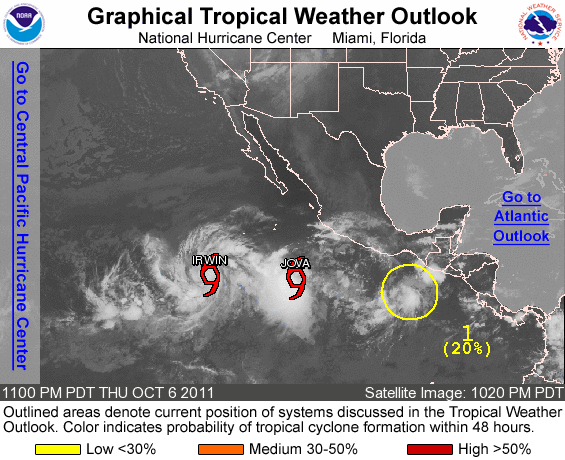
FOR THE EASTERN NORTH PACIFIC...EAST OF 140 DEGREES WEST LONGITUDE..

THE NATIONAL HURRICANE CENTER IS ISSUING ADVISORIES ON TROPICAL STORM JOVA...LOCATED ABOUT 490 MILES SOUTH-SOUTHWEST OF MANZANILLO MEXICO...AND ON TROPICAL STORM IRWIN...LOCATED ABOUT 885 MILES SOUTHWEST OF THE SOUTHERN TIP OF BAJA CALIFORNIA.

1. AN AREA OF DISTURBED WEATHER IS LOCATED SEVERAL HUNDRED MILES SOUTH OF THE GULF OF TEHUANTEPEC. UPPER-LEVEL WINDS APPEAR SOMEWHAT CONDUCIVE FOR SLOW DEVELOPMENT OF THIS SYSTEM...AND IT HAS A LOW CHANCE...20 PERCENT...OF BECOMING A TROPICAL CYCLONE DURING THE NEXT 48 HOURS AS IT MOVES WESTWARD AT 5 TO 10 MPH.

ELSEWHERE...TROPICAL CYCLONE FORMATION IS NOT EXPECTED DURING THE NEXT 48 HOURS.

FORECASTER BERG